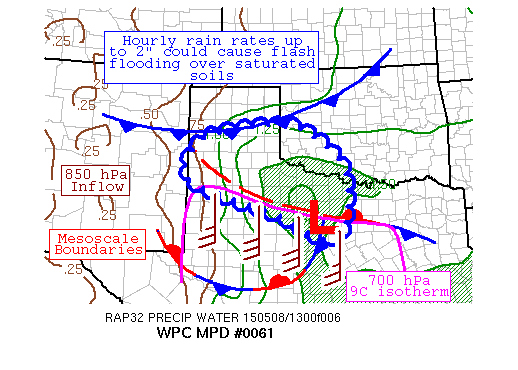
AREAS AFFECTED...NORTHWEST TX & SOUTHWEST OK

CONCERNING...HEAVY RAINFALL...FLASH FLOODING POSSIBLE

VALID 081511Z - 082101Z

SUMMARY...THUNDERSTORMS WITH HEAVY RAINFALL COULD CAUSE FLASH
FLOODING DUE TO HOURLY RAIN RATES UP TO 2" AND CELL TRAINING OVER
SATURATED SOILS.

DISCUSSION...MESOSCALE BOUNDARIES ACROSS TX ARE EXPECTED TO BE THE
PRIMARY FOCUS FOR CONVECTION THROUGH 21Z, NEAR AND AHEAD OF A
SHORTWAVE LOCATED NEAR THE BORDER OF SOUTHEAST NM/WEST-CENTRAL TX.
 CIN ACROSS THE REGION IS EXPECTED TO FADE BY 16Z, ALLOWING THE
INVERTED TROUGH BEHIND/NORTH OF THE OUTFLOW BOUNDARY TO BECOME THE
PRIMARY FOCUS FOR CONVECTION. ACROSS WEST-CENTRAL TX, 700 HPA
TEMPERATURES AND REGIONAL SOUNDINGS INDICATE A CAPPING INVERSION,
WHICH SHOULD KEEP ANY CONVECTION IN ASSOCIATION WITH THE
TRANS-PECOS OUTFLOW BOUNDARY ELEVATED.  PRECIPITABLE WATER VALUES
ARE CURRENTLY IN THE 1.1-1.2" RANGE, AND SURFACE BASED CAPE CAUSED
BY CAPPING ALOFT IS IN THE 2000-4000 J/KG RANGE SOUTH OF THE
INVERTED TROUGH.  LOW-LEVEL INFLOW ACROSS THE REGION IS ~25 KTS,
BARELY SUFFICIENT FOR ORGANIZED HEAVY RAINFALL.

THE EXPECTATION IS FOR PRECIPITABLE WATER VALUES TO RISE INTO THE
1.25-1.75" RANGE AFTER 16Z, HIGH ENOUGH FOR THE WET MULTI-CELL
ENVIRONMENT.  INFLOW OF 25-30 KTS AT 850 HPA SHOULD BE BROAD
ENOUGH TO SUPPORT A REGIONAL THREAT.  SATURATED SOILS FROM THE
PREVIOUS COUPLE DAYS OF RAINFALL HAVE LED TO FLASH FLOOD GUIDANCE
VALUES (FFGS) OF 1.5-2" IN THREE HOURS.  THE AMOUNT OF MOISTURE
AVAILABLE SUPPORTS HOURLY RAIN RATES UP TO 2", WHICH WOULD EXCEED
FFGS.  THE AMOUNT OF CAPE AND DIRECTIONAL WIND SHEAR AVAILABLE
INDICATE THAT FORWARD PROPAGATION IS LIKELY -- TO THE TUNE OF 30
KTS TO THE EAST TO EAST-SOUTHEAST ONCE CONVECTION ORGANIZES PER
06Z GFS CORFIDI/ PROPAGATION VECTORS.  SOME BACKBUILDING IS
POSSIBLE AS 850 HPA INFLOW INCREASES/BROADENS ACROSS THE REGION,
WHICH COULD HELP LEAD TO CELL TRAINING ALONG A LENGTHENING
THUNDERSTORM BAND NEAR AND NORTH OF THE BOUNDARIES LOCATED IN
NORTHERN TX.  THE 00Z SPCWRF, 00Z WRF4NSSL, 06Z CANADIAN REGIONAL,
06Z-12Z NAM CONEST, AND RECENT RAP AND HRRR RUNS HAVE A SIGNAL FOR
LOCAL AMOUNTS OF 2-4" IN THIS REGION.  FLASH FLOODING IS POSSIBLE.